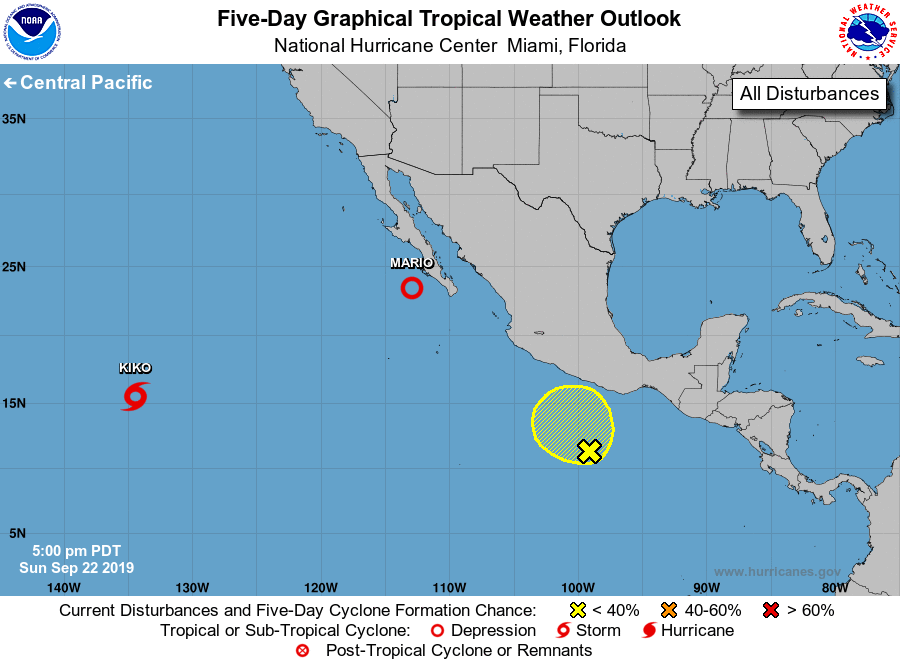
For the eastern North Pacific...east of 140 degrees west longitude:

The National Hurricane Center is issuing advisories on Tropical Depression Mario, located about 150 miles west of the southern tip of the Baja California peninsula, and on Tropical Storm Kiko, located over the far southwestern part of the basin.

1. A weak area of low pressure located about 400 miles south of Acapulco, Mexico, is producing disorganized showers and thunderstorms. This system is expected to drift northward or northwestward during the next few days, and significant development is unlikely due to strong upper-level winds.
* Formation chance through 48 hours...low...10 percent.
* Formation chance through 5 days...low...10 percent.

Forecaster Cangialosi